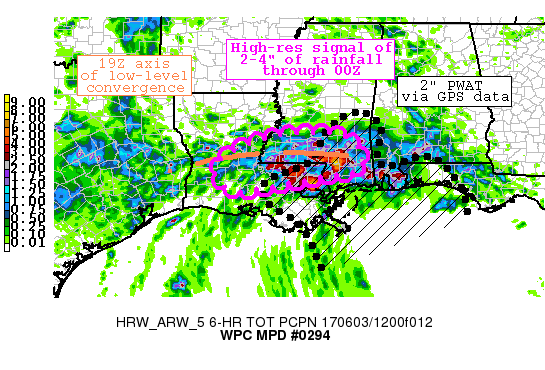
AREAS AFFECTED...SOUTH-CENTRAL LA/SOUTHWESTERN MS...

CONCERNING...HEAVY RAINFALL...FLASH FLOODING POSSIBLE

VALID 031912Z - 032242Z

SUMMARY...DEEP CONVECTION HAS BEGUN TO LIFT NORTHWARD AWAY FROM
THE LA COAST WITH THE ACTIVITY CONTINUING TO EXPAND IN AREAL
COVERAGE. GIVEN IMPRESSIVE MOISTURE IN PLACE COUPLED WITH SLOW
CELL MOTIONS...AREAS OF FLASH FLOODING MAY OCCUR WITHIN THE MORE
MATURE CONVECTIVE BURSTS.

DISCUSSION...RECENT RADAR IMAGERY INDICATED SOMEWHAT DISORGANIZED
CONVECTION LIFTING NORTHWARD TOWARD SOUTHWESTERN MS. CELLS ARE
STILL BECOMING MORE VERTICALLY DEVELOPED AS THEY SPAWN WITHIN A
MODERATELY UNSTABLE THERMODYNAMIC ENVIRONMENT. THE 12Z LIX
SOUNDING SAMPLED THIS AIR MASS QUITE WELL WITH PRECIPITABLE WATER
VALUES AROUND 2.20 INCHES. THIS GENERALLY LIES NEAR THE DAILY
MOVING MAXIMA ON THE SPC SOUNDING CLIMATOLOGY PAGE. LOW-LEVEL
WINDS HAVE NOT CHANGED A WHOLE LOT AS VAD-WIND PROFILER DATA SHOWS
10 TO 15 KNOTS OF SOUTHERLY FLOW IMPINGING ON THE GROWING COMPLEX.
SUCH INFLOW IS EXPECTED TO CONTINUE OR EVEN STRENGTHEN TO PERHAPS
25 KNOTS BY THE EARLY EVENING WHICH SUGGESTS THE THUNDERSTORMS
WILL REMAIN FAIRLY ORGANIZED...LIKELY IN A WEST-EAST FASHION.
TRAINING IS POSSIBLE GIVEN WEAK CELL MOTIONS TOWARD THE EAST.

THERE IS A FAIRLY IMPRESSIVE HIGH-RESOLUTION QPF SIGNAL FROM
18Z-00Z ACROSS THE MPD AREA. THIS AXIS IS SUPPORTED BY MANY OF
THESE MODELS INCLUDING THE 12Z HRW-ARW/NMM-B...NSSL-WRF...NAM
CONUS NEST...AS WELL AS THE PAST FEW RUNS OF THE HRRR. FLASH
FLOODING WILL BE POSSIBLE WITHIN THE MORE ROBUST CONVECTIVE CORES
AS WELL AS WHERE TRAINING TAKES SHAPE.